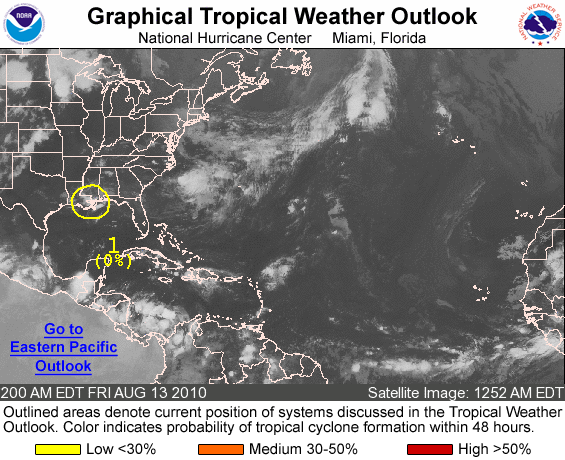
FOR THE NORTH ATLANTIC...CARIBBEAN SEA AND THE GULF OF MEXICO...

1. THE BROAD AREA OF LOW PRESSURE ASSOCIATED WITH THE REMNANTS OF TROPICAL DEPRESSION FIVE HAS MOVED LITTLE OVER THE PAST FEW HOURS AND IS LOCATED NEAR THE COAST OF SOUTHERN MISSISSIPPI. THE LOW IS EXPECTED TO PRODUCE LOCALLY HEAVY RAINS AND OCCASIONAL GUSTY WINDS IN SQUALLS AS IT DRIFTS INLAND DURING THE NEXT DAY OR SO. THERE IS A LOW CHANCE...NEAR 0 PERCENT...OF THIS SYSTEM REDEVELOPING INTO A TROPICAL CYCLONE DURING THE NEXT 48 HOURS.

LOCALIZED FLOODING IS POSSIBLE OVER SOUTHERN LOUISIANA AND COASTAL MISSISSIPPI...PLEASE REFER TO STATEMENTS FROM LOCAL NATIONAL WEATHER SERVICE FORECAST OFFICES FOR ADDITIONAL INFORMATION ON THIS SYSTEM.

ELSEWHERE...TROPICAL CYCLONE FORMATION IS NOT EXPECTED DURING THE NEXT 48 HOURS.

FORECASTER BLAKE